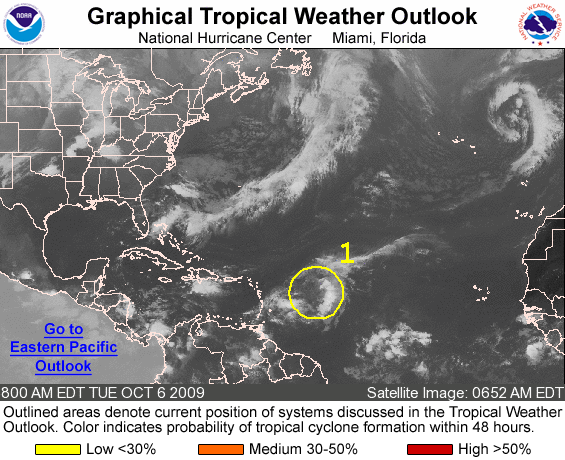
FOR THE NORTH ATLANTIC...CARIBBEAN SEA AND THE GULF OF MEXICO...

1. SHOWERS AND THUNDERSTORMS ASSOCIATED WITH AN AREA OF LOW PRESSURE LOCATED ABOUT 575 MILES EAST OF THE LEEWARD ISLANDS HAVE BECOME LESS ORGANIZED OVER THE PAST FEW HOURS. UPPER-LEVEL WINDS NO LONGER APPEAR CONDUCIVE FOR DEVELOPMENT OF THIS SYSTEM AS IT MOVES NORTHWESTWARD NEAR 15 MPH. THERE IS A LOW CHANCE...LESS THAN 30 PERCENT...OF THIS SYSTEM BECOMING A TROPICAL CYCLONE DURING THE NEXT 48 HOURS.

ELSEWHERE...TROPICAL CYCLONE FORMATION IS NOT EXPECTED DURING THE NEXT 48 HOURS.

FORECASTER BERG